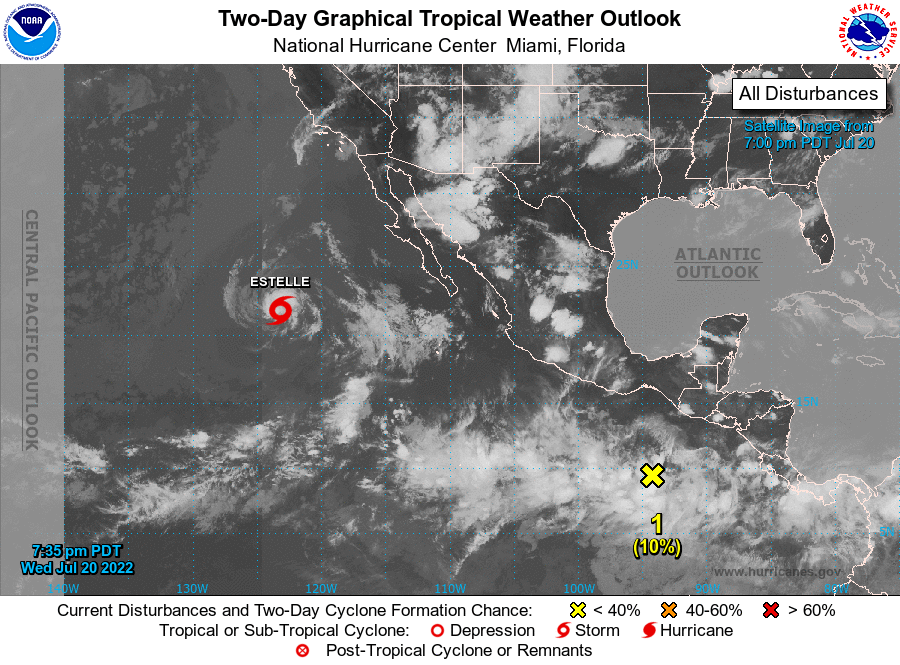
For the eastern North Pacific...east of 140 degrees west longitude:

Active Systems: The National Hurricane Center is issuing advisories on Tropical Storm Estelle, located several hundred miles west of the southern tip of the Baja California peninsula.

1. Offshore of Southern Mexico: An area of disturbed weather associated with a trough of low pressure has developed several hundred miles offshore of southern Mexico. Some gradual development of this system is possible by this weekend or early next week while it moves slowly westward to west-northwestward at 5 to 10 mph.
* Formation chance through 48 hours...low...10 percent.
* Formation chance through 5 days...low...30 percent.

Forecaster Papin